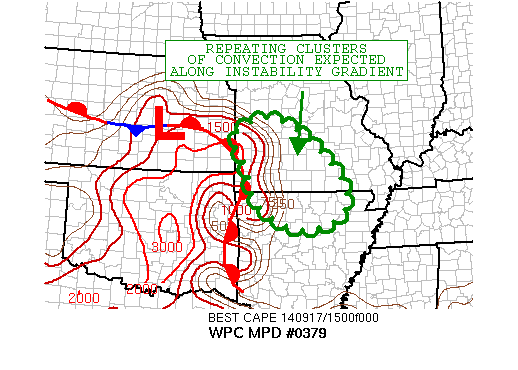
AREAS AFFECTED...SOUTHWEST MO...NORTHERN AR

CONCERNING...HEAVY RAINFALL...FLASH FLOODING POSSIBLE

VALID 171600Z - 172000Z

SUMMARY...ADDITIONAL SHOWERS AND THUNDERSTORMS ARE EXPECTED OVER
THE NEXT SEVERAL HOURS. THE ACTIVITY WILL AFFECT SOME AREAS
ALREADY HIT BY HEAVY RAINS THIS MORNING...AND THEREFORE ADDITIONAL
FLASH FLOODING IS POSSIBLE.

DISCUSSION...REPEATING CLUSTERS OF COLD-TOPPED CONVECTION CONTINUE
TO IMPACT PORTIONS OF SWRN MO ATTM...WITH THE CONVECTION FOCUSING
ALONG A SHARPLY ORIENTED ELEVATED INSTABILITY GRADIENT NORTHEAST
OF A WARM FRONT. SIGNIFICANT SPEED CONVERGENCE IS NOTED AT 850 MB
OVER SWRN MO AND THERE IS A WEAK 700 MB TROUGH OVER THE REGION AS
WELL THAT IS DROPPING SEWD. CONSEQUENTLY...THERE IS A FAVORABLE
ENVIRONMENT FOR REGENERATING/REPEATING CONVECTIVE CLUSTERS

OVER THE NEXT FEW HOURS...SIGNIFICANT DIURNAL HEATING SHOULD HELP
TO ERODE ANY LINGERING SBCIN OVER SERN KS/NERN OK AND INTO FAR
SWRN MO WHERE THE WARM SECTOR RESIDES. INCREASED SBCAPE VALUES
WILL BE INTERACTING WITH AND OVERRUNNING THE WARM FRONT...AND THIS
ENERGY COUPLED WITH FOCUSED MOISTURE/SPEED CONVERGENCE IN THE LOW
LVLS AND THE AFOREMENTIONED 700 MB TROUGH SHOULD ALLOW CONVECTION
TO CONTINUE TO REGENERATE WHILE GRADUALLY FOCUSING FARTHER SOUTH
ACROSS SRN MO AND INTO NRN AR. THERE IS SOME POTENTIAL TOO FOR THE
ACTIVITY TO BEGIN DEVELOPING SWWD INTO THE NOSE OF THE
MOIST/UNSTABLE LOW LVL JET.

GOES-SOUNDER PWATS ARE NEAR 1.5 INCHES WHICH WILL BE CONDUCIVE FOR
ADDITIONAL HEAVY RAINFALL RATES...BUT WITH A COUPLE OF CELL
MERGERS AND OVERSHOOTING TOPS EXPECTED OVER THE NEXT FEW
HOURS...THE RAINFALL RATES WILL BE ENHANCED FURTHER. GIVEN SOME OF
THE HEAVY RAINFALL ALREADY NOTED THIS MORNING...AND EXPECTED
REDEVELOPMENT...ADDITIONAL FLASH FLOODING IS POSSIBLE.